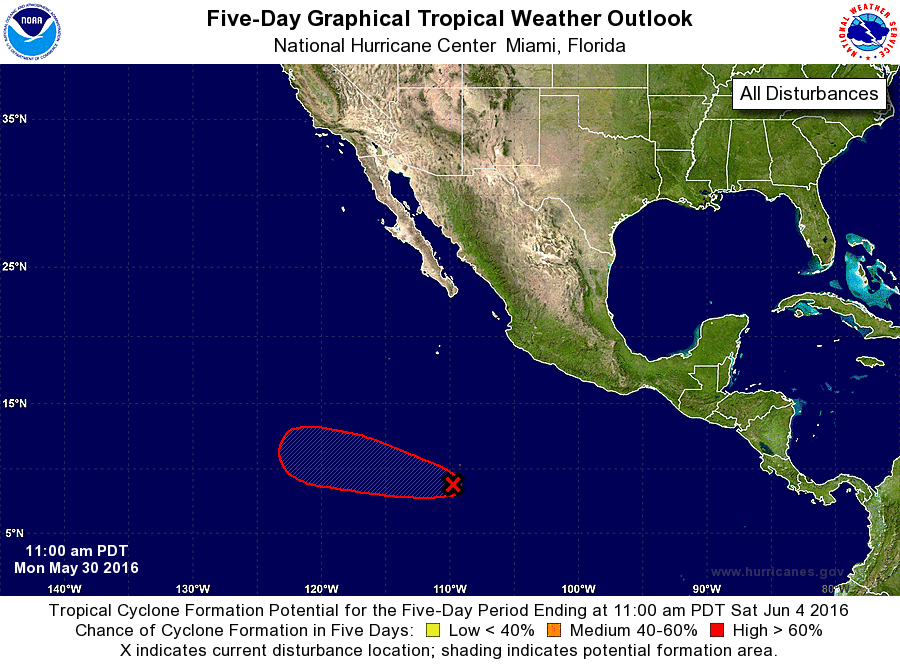
For the eastern North Pacific...east of 140 degrees west longitude:

1. Cloudiness and thunderstorms associated with an area of low pressure located about 975 miles south of the southern tip of the Baja California peninsula have become better organized today. Environmental conditions are expected to be conducive for slow development, and a tropical depression is likely to form later this week as the disturbance moves westward or west-northwestward.
* Formation chance through 48 hours...low...10 percent
* Formation chance through 5 days...high...70 percent

Forecaster Kimberlain